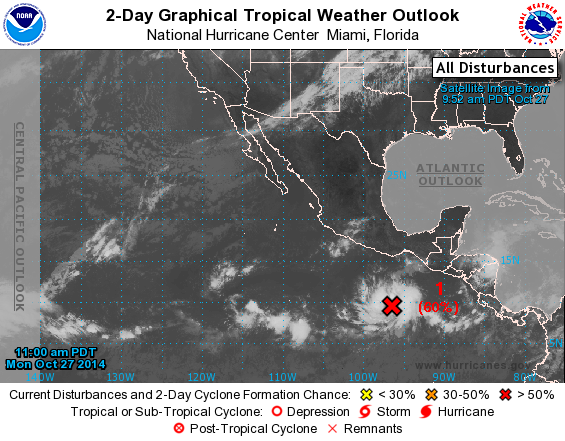
For the eastern North Pacific...east of 140 degrees west longitude:

1. Showers and thunderstorms continue to become better organized near an area of low pressure located several hundred miles south-southwest of the Gulf of Tehuantepec. Environmental conditions are expected to be conducive for development, and a tropical depression could form later tonight or on Tuesday while the low moves slowly westward to west-northwestward.
* Formation chance through 48 hours...high...60 percent.
* Formation chance through 5 days...high...80 percent.

Forecaster Stewart